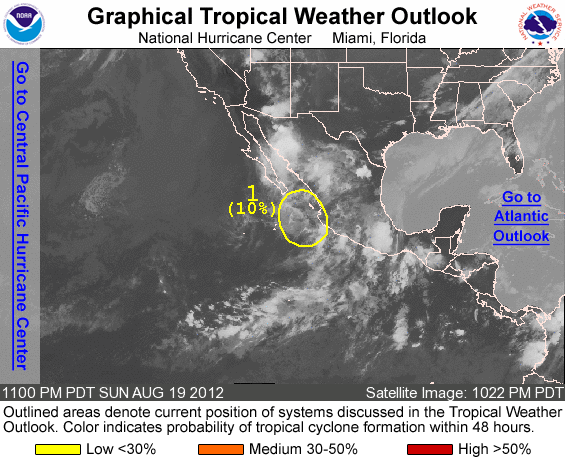
FOR THE EASTERN NORTH PACIFIC...EAST OF 140 DEGREES WEST LONGITUDE..

1. A TROUGH OF LOW PRESSURE LOCATED A COUPLE HUNDRED MILES SOUTHEAST OF THE SOUTHERN TIP OF BAJA CALIFORNIA IS PRODUCING DISORGANIZED CLOUDINESS AND SHOWERS. DEVELOPMENT...IF ANY...OF THIS TROUGH IS EXPECTED TO BE SLOW TO OCCUR AS IT MOVES SLOWLY NORTHWESTWARD. THIS SYSTEM HAS A LOW CHANCE...10 PERCENT...OF BECOMING A TROPICAL CYCLONE DURING THE NEXT 48 HOURS.

ELSEWHERE...TROPICAL CYCLONE FORMATION IS NOT EXPECTED DURING THE NEXT 48 HOURS.

FORECASTER CANGIALOSI